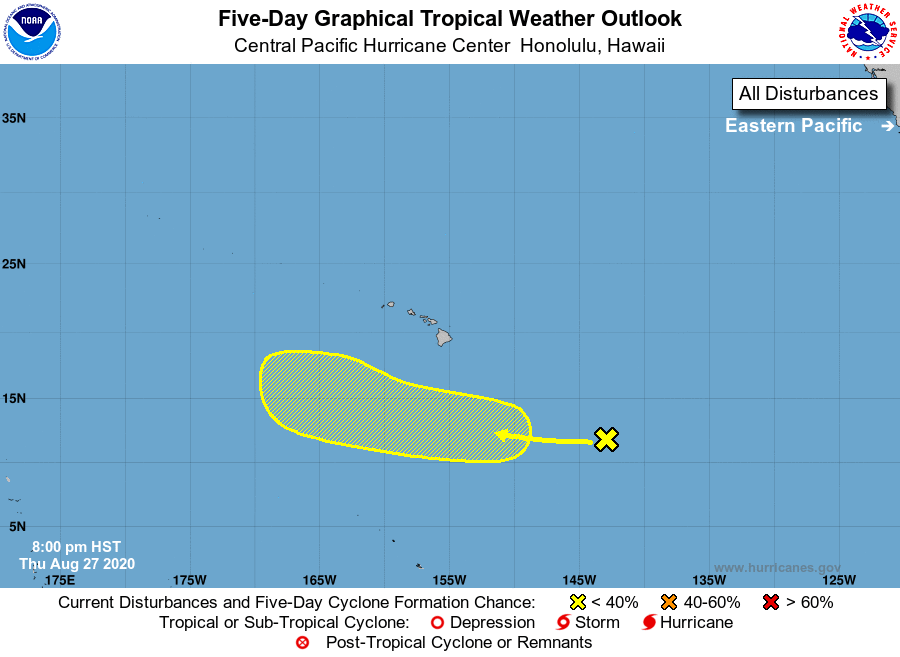
For the central North Pacific...between 140W and 180W:

1. An elongated area of low pressure located around 1000 miles southeast of Hilo, Hawaii, is producing disorganized showers and thunderstorms. Environmental conditions appear somewhat conducive for gradual development of this system as it moves slowly west during the next several days.
* Formation chance through 48 hours...low...near 0 percent.
* Formation chance through 5 days...low...20 percent.

Forecaster Morrison